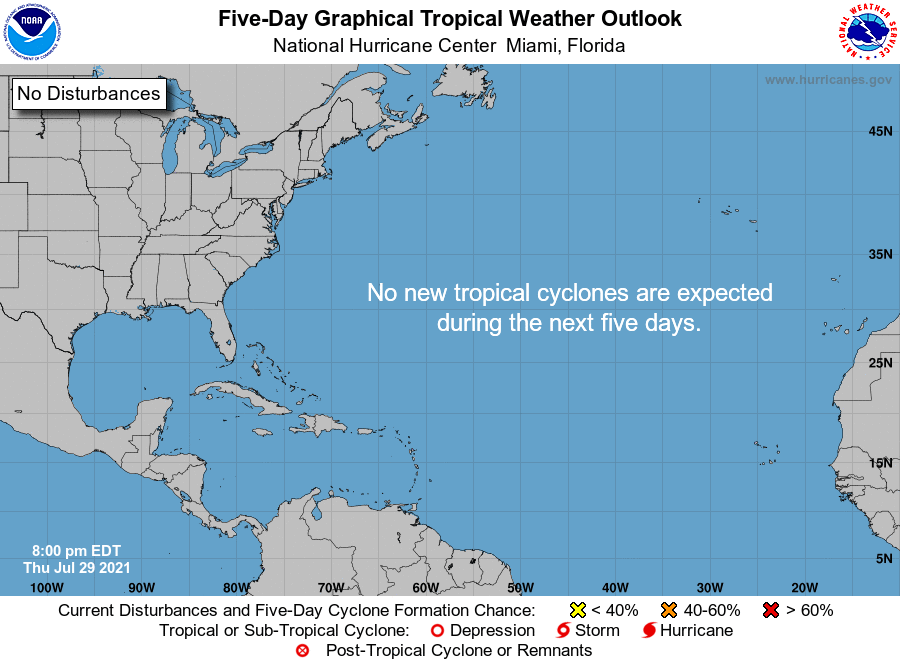
For the North Atlantic...Caribbean Sea and the Gulf of Mexico:

Tropical cyclone formation is not expected during the next 5 days.

Forecaster Zelinsky